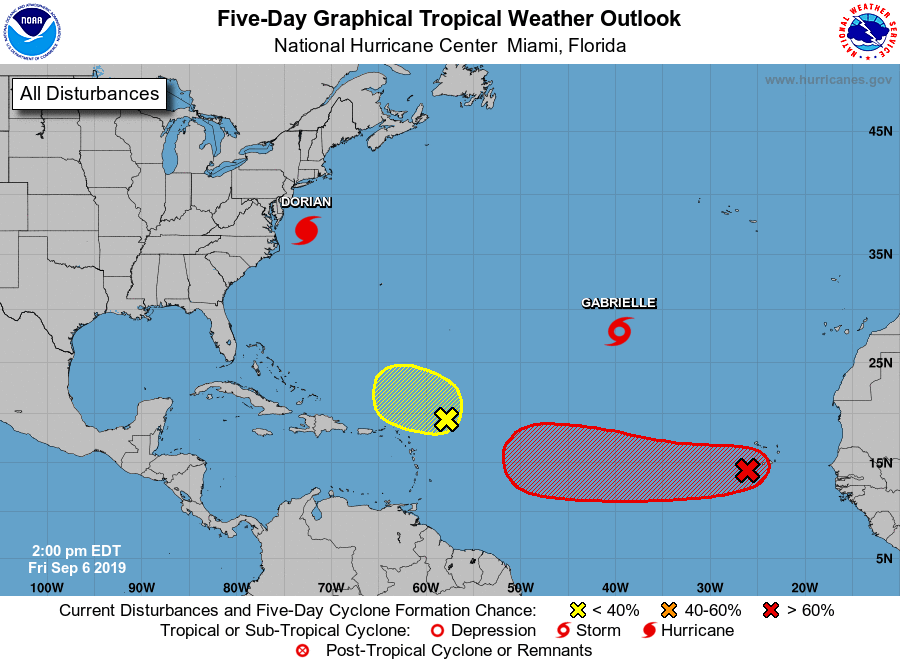
For the North Atlantic...Caribbean Sea and the Gulf of Mexico:

The National Hurricane Center is issuing advisories on Hurricane Dorian, located offshore of the northeastern coast of North Carolina. The National Hurricane Center is also issuing advisories on Tropical Storm Gabrielle, which quickly regenerated this morning about 1000 miles southwest of the Azores.

1. A broad area of low pressure located just southwest of the Cabo Verde Islands is producing limited shower and thunderstorm activity. Little, if any, development of this disturbance is expected for the next couple of days, but environmental conditions are likely to become more conducive for a tropical depression to form by Tuesday or Wednesday while the system moves westward across the tropical Atlantic Ocean.
* Formation chance through 48 hours...low...10 percent.
* Formation chance through 5 days...high...70 percent.

2. Disorganized cloudiness and showers located a few hundred miles northeast of the Leeward Islands are associated with a trough of low pressure. Significant development of this system is not expected during the next several days while it moves slowly west-northwestward to northwestward.
* Formation chance through 48 hours...low...near 0 percent.
* Formation chance through 5 days...low...10 percent.

Forecaster Brown